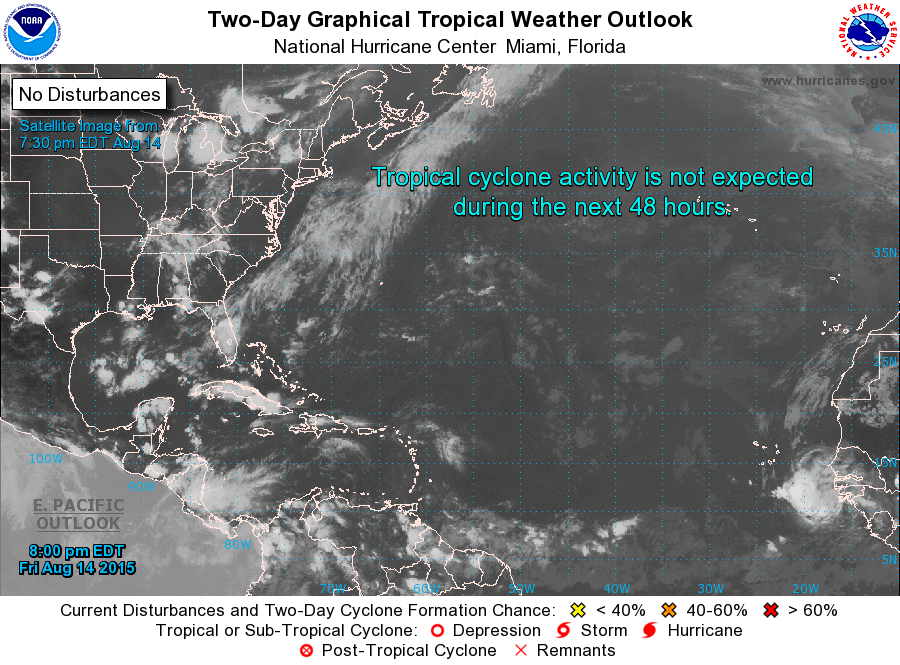
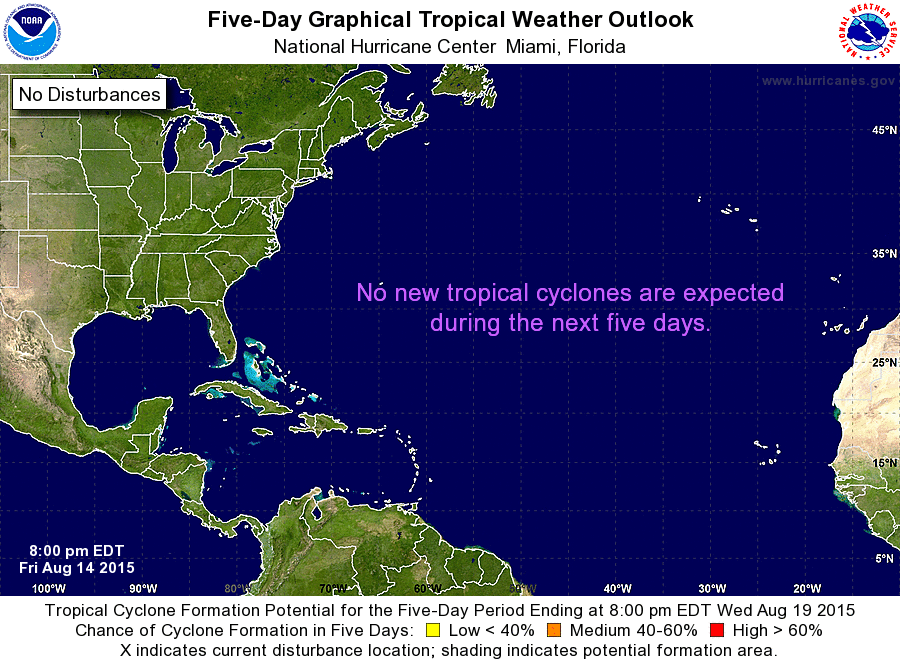
For the North Atlantic...Caribbean Sea and the Gulf of Mexico:

Tropical cyclone formation is not expected during the next 5 days.

Forecaster Stewart